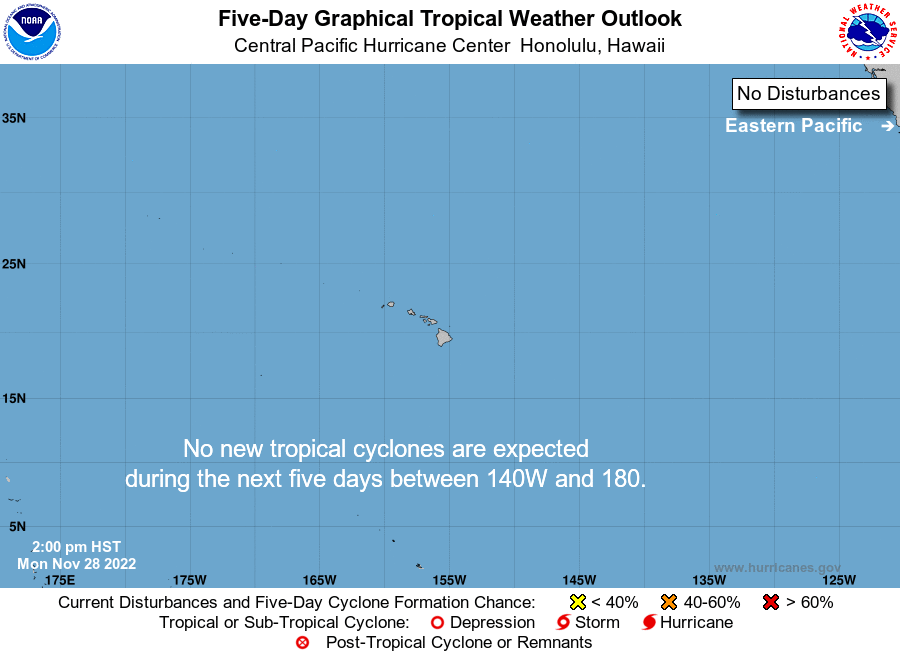
For the central North Pacific...between 140W and 180W:

No tropical cyclones are expected during the next 5 days.

The central North Pacific hurricane season officially ends on November 30. The final Tropical Weather Outlook of the season will be issued at 8 PM HST on November 30. Routine issuance of the Tropical Weather Outlook will resume on June 1, 2023. During the off-season, Tropical Weather Outlooks will be issued if conditions warrant.

Forecaster Foster